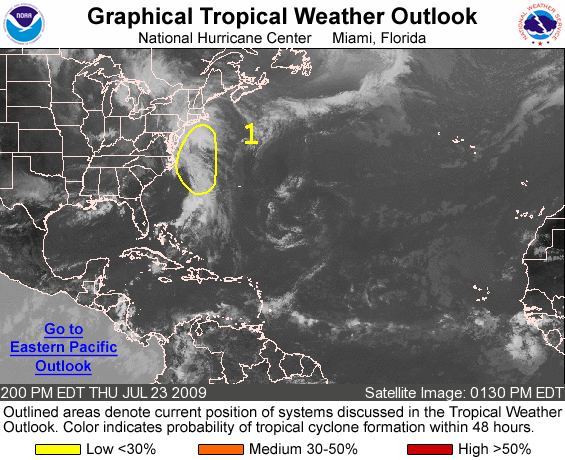
FOR THE NORTH ATLANTIC...CARIBBEAN SEA AND THE GULF OF MEXICO...

1. A BROAD AREA OF SURFACE LOW PRESSURE JUST EAST OF THE COAST OF THE MID-ATLANTIC STATES IS PRODUCING WIDESPREAD BUT DISORGANIZED CLOUDINESS...SHOWERS...AND A FEW THUNDERSTORMS AS IT MOVES NORTH-NORTHEASTWARD NEAR 20 MPH. CONDITIONS ARE NOT FAVORABLE FOR TROPICAL CYCLONE DEVELOPMENT...HOWEVER THIS LOW IS EXPECTED TO BECOME AN EXTRATROPICAL GALE CENTER. REFER TO STATEMENTS AND WARNINGS FROM THE OCEAN PREDICTION CENTER UNDER AWIPS HEADER NFDHSFAT1 AND WMO HEADER FZNT01 KWBC AND LOCAL NATIONAL WEATHER SERVICE FORECAST OFFICES FOR ADDITIONAL INFORMATION. THERE IS A LOW CHANCE...LESS THAN 30 PERCENT...OF THIS SYSTEM BECOMING A TROPICAL CYCLONE DURING THE NEXT 48 HOURS.

ELSEWHERE...TROPICAL CYCLONE FORMATION IS NOT EXPECTED DURING THE NEXT 48 HOURS.

FORECASTER PASCH/ROBERTS